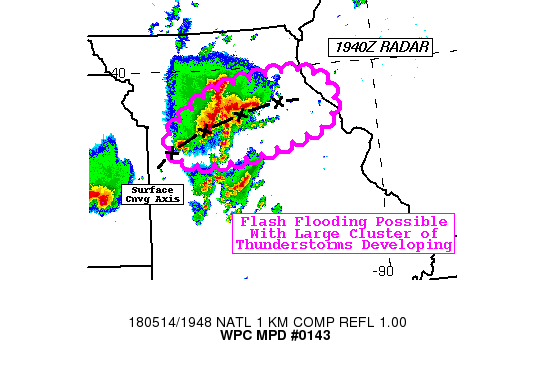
AREAS AFFECTED...NORTH-CENTRAL MISSOURI

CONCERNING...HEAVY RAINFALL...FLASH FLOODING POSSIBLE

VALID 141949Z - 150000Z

SUMMARY...FLASH FLOODING WILL BE POSSIBLE IN NORTH-CENTRAL
MISSOURI THIS AFTERNOON...ESPECIALLY ALONG AND JUST NORTH OF THE
I-70 CORRIDOR AS A LARGE CLUSTER OF THUNDERSTORMS PUSHES EAST.
RAIN RATES MAY APPROACH OR JUST EXCEED 2 IN/HR.

DISCUSSION...A VIGOROUS CONVECTIVE CLUSTER HAS BLOSSOMED OVER
NORTH-CENTRAL MISSOURI OVER THE PAST COUPLE HOURS WITH
CONSIDERABLE AMOUNTS OF LIGHTNING AND THE GOES-16 CONVECTION RGB
HIGHLIGHTING MANY SMALL ICE PARTICLES (INDICATIVE OF STRONG
CONVECTION). THIS CLUSTER APPEARED TO INITIATE OFF A LOW-LEVEL
CONVERGENCE AXIS WITH STRONGER SWLY FLOW OBSERVED TO THE
SOUTH...AND WEAKER WLY FLOW TO THE NORTH. THIS SHOULD HELP FOCUS
PROPAGATION OF THE MULTICELL CLUSTER AND FURTHER CELL DEVELOPMENT
TO THE EAST...AND THE LONG AXIS OF THE CLUSTER (AND CONVERGENCE
AXIS) WERE ROUGHLY ORIENTED WITH THE MEAN FLOW. RAP ANALYSIS SHOWS
MLCAPE AROUND 2000-2500 J/KG ON THE NOSE OF A SURFACE THETAE
AXIS...WITH EFFECTIVE DEEP LAYER SHEAR AROUND 30 KNOTS. THIS
SHOULD CONTINUE TO PROMOTE AN ORGANIZED CLUSTER OVER THE NEXT
SEVERAL HOURS. PRECIPITABLE WATER VALUES WERE AROUND 1.5 INCHES
PER CIRA BLENDED TPW AND RAP ANALYSIS...WHICH IS AROUND THE 90TH
PERCENTILE FOR MID MAY.

THE CONVECTIVE CLUSTER WAS SEPARATED INTO TWO PORTIONS...A FORWARD
PROPAGATING SEGMENT MOVING INTO WESTERN SALINE COUNTY AS OF
1940Z...AND A LARGER WING OF PRECEDING CONVECTION EXTENDING TO THE
EAST AHEAD OF THE NORTHERN END OF THAT LINE SEGMENT. THE
ORIENTATION OF THE LONG AXIS OF CONVECTION PARALLEL TO THE MEAN
FLOW SHOULD LEAD TO A SWATH ACROSS NORTH-CENTRAL MISSOURI WHERE
HEAVY RAIN WILL PERSIST FOR OVER AN HOUR. KEAX RADAR RAINFALL
ESTIMATES APPEAR TO BE SLIGHTLY HAIL CONTAMINATED... BUT MRMS
ESTIMATES WHICH ARE CONTROLLING FOR THAT TO A CERTAIN EXTENT STILL
SHOW RATES AS HIGH AS 2.0 TO 2.5 IN/HR. RAIN RATES APPROACHING 2
IN/HR COULD PRODUCE FLASH FLOODING...PARTICULARLY IF THEY WERE
SUSTAINED FOR 90 MINUTES OR MORE. ALTHOUGH FLASH FLOODING IS NOT
CERTAIN...THE POTENTIAL FOR TRAINING CONVECTION MEANS THAT
ISOLATED FLASH FLOODING SHOULD AT LEAST BE POSSIBLE OVER THE NEXT
SEVERAL HOURS (THROUGH 00Z).